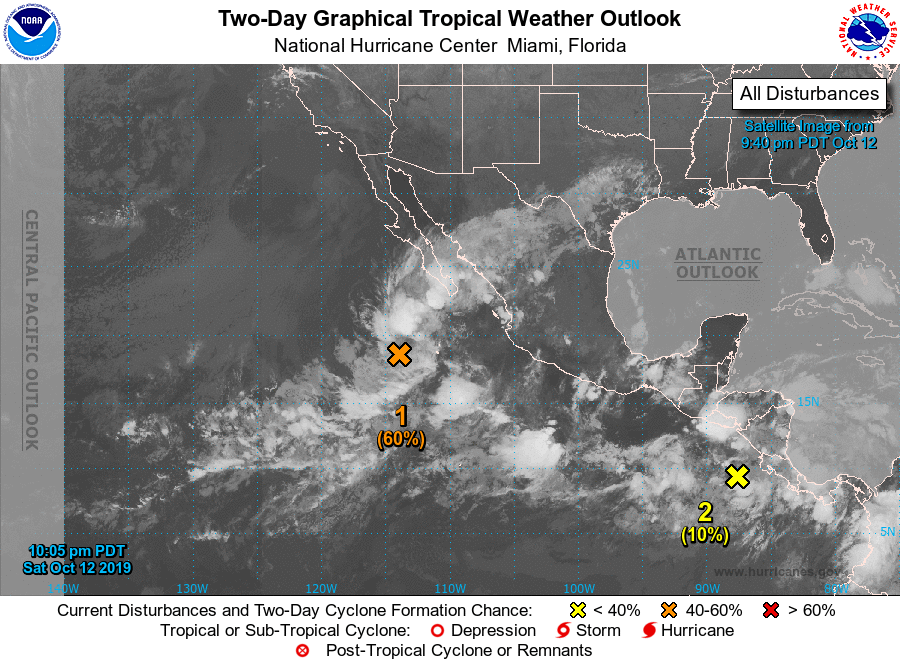
For the eastern North Pacific...east of 140 degrees west longitude:

1. Satellite images indicate that the circulation of a low pressure area a few hundred miles southwest of the southern tip of the Baja California peninsula remains elongated, and the system does not have a well-defined center. In addition, the associated shower and thunderstorm activity is still not well organized. Although the window of opportunity for development is decreasing, a tropical depression could still form on Sunday while the system moves northward at 5 to 10 mph. By Sunday night or Monday, however, additional development is not expected due to cooler waters and stronger upper-level winds.
* Formation chance through 48 hours...medium...60 percent.
* Formation chance through 5 days...medium...60 percent.

2. A broad area of low pressure is forming a couple of hundred miles west of the the coasts of Nicaragua and Costa Rica. Gradual development of this system is possible over the next several days, and a tropical depression could form by midweek while it moves west-northwestward at about 10 mph near or just off the coast of Mexico.
* Formation chance through 48 hours...low...10 percent.
* Formation chance through 5 days...medium...60 percent.

Forecaster Cangialosi